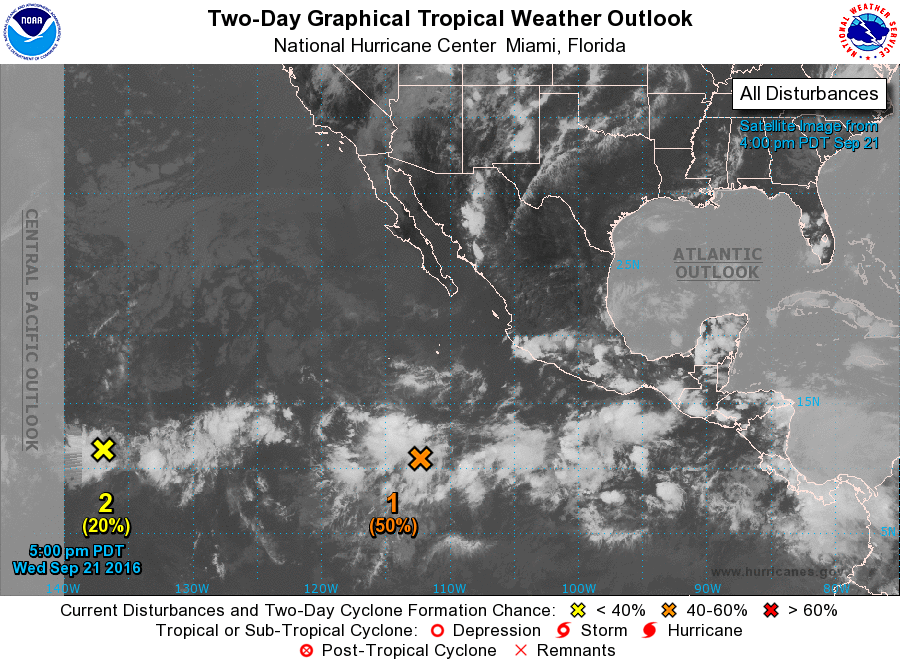
For the eastern North Pacific...east of 140 degrees west longitude:

1. A large area of cloudiness and thunderstorms associated with a broad area of low pressure is located about 900 miles south-southwest of the southern tip of the Baja California peninsula. Although the system has changed little in organization since yesterday, environmental conditions are expected to be conducive for gradual development during the next several days, and a tropical depression is likely to form later this week or over the weekend. This system is forecast to move westward to west-northwestward at around 10 mph for the next couple of days and then turn northward by the weekend.
* Formation chance through 48 hours...medium...50 percent
* Formation chance through 5 days...high...80 percent

2. Showers and thunderstorms associated with a weak area of low pressure located about 1325 miles east-southeast of the Big Island of Hawaii have changed little in organization since this morning. Any additional development of this system is expected to be slow to occur while it moves slowly westward during the next few days.
* Formation chance through 48 hours...low...20 percent
* Formation chance through 5 days...low...30 percent

Forecaster Brown